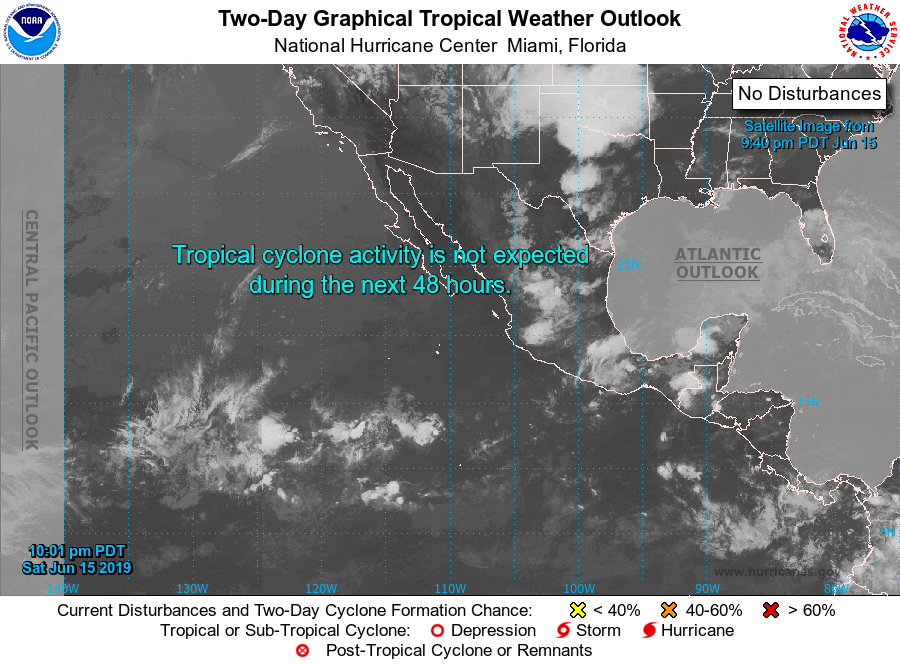
For the eastern North Pacific...east of 140 degrees west longitude:

Tropical cyclone formation is not expected during the next 5 days.

Forecaster Avila